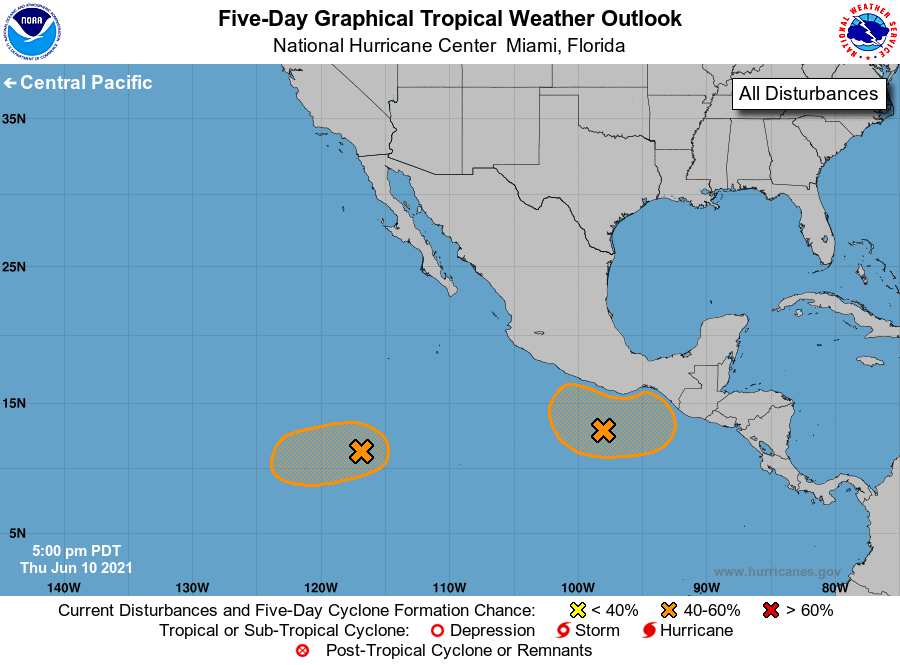
For the eastern North Pacific...east of 140 degrees west longitude:

1. A broad trough of low pressure located a couple hundred miles south-southwest of Puerto Angel, Mexico, is producing a large area of showers and thunderstorms. This activity has become a little more concentrated today and environmental conditions appear conducive for additional development. A tropical depression could form by this weekend while the system drifts north-northeastward. Heavy rainfall will be possible over portions of Central America and southern Mexico through early next week. See products from your local meteorological service for more information.
* Formation chance through 48 hours...low...20 percent.
* Formation chance through 5 days...medium...50 percent.

2. A broad area of low pressure located about 900 miles south-southwest of the southern tip of the Baja California peninsula continues to produce a large area of disorganized showers and thunderstorms. Environmental conditions appear favorable for some gradual development over the next few days, and a tropical depression could form by early next week while the system moves slowly westward.
* Formation chance through 48 hours...low...20 percent.
* Formation chance through 5 days...medium...40 percent.

Forecaster Papin/Stewart